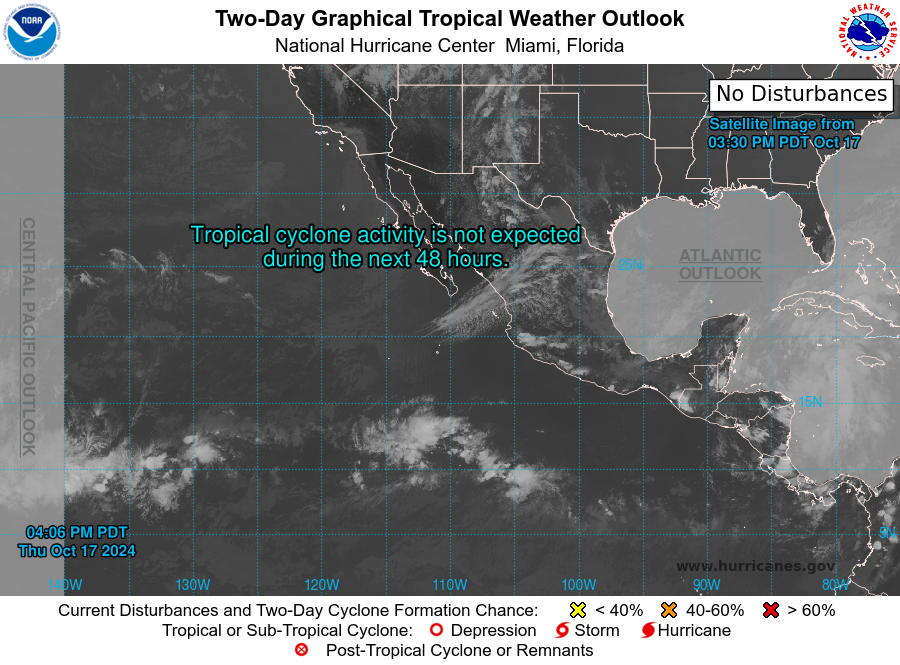
For the eastern North Pacific...east of 140 degrees west longitude:

1. South of Southwestern Mexico: An area of low pressure is expected to form during the middle part of next week well offshore of southwestern Mexico. Thereafter, gradual development is possible as the system moves westward at 10 to 15 mph.
* Formation chance through 48 hours...low...near 0 percent.
* Formation chance through 7 days...low...30 percent.

Forecaster Hagen